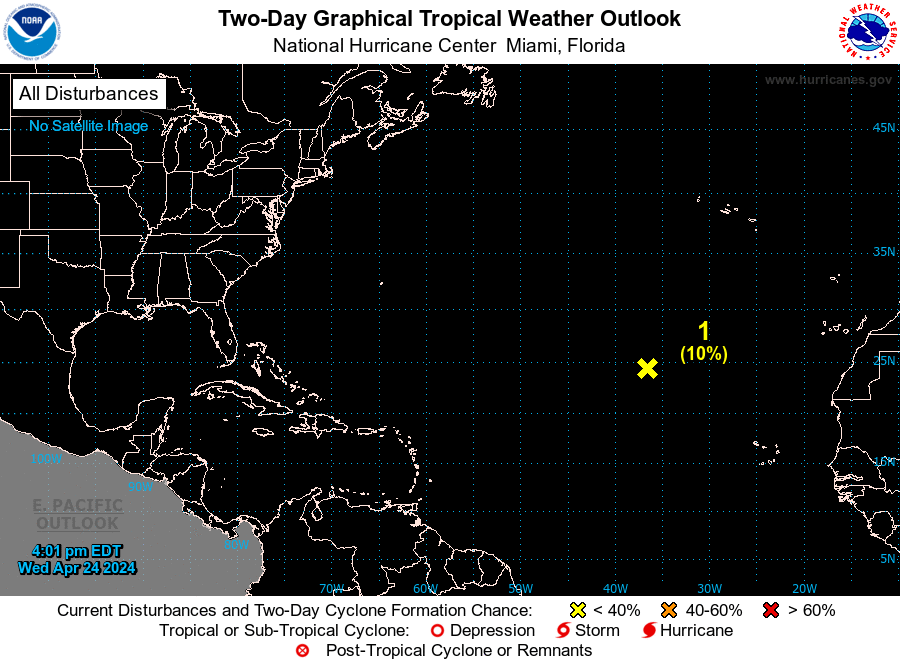
For the North Atlantic...Caribbean Sea and the Gulf of Mexico:

1. East-Central Subtropical Atlantic: An area of low pressure located about 900 miles northwest of the Cabo Verde Islands has been producing a small but persistent area of showers and thunderstorms to the east of its center since this morning. However, the low is forecast to move southwestward at 10 to 15 mph into an area of stronger upper-level winds tonight and tomorrow, and additional development is not expected.

No additional Special Tropical Weather Outlooks are scheduled for this system unless conditions warrant. Regularly scheduled Tropical Weather Outlooks will resume on May 15, 2023, and Special Tropical Weather Outlooks will be issued as necessary during the remainder of the off-season.
* Formation chance through 48 hours...low...10 percent.
* Formation chance through 7 days...low...10 percent.

Forecaster Berg/Brown